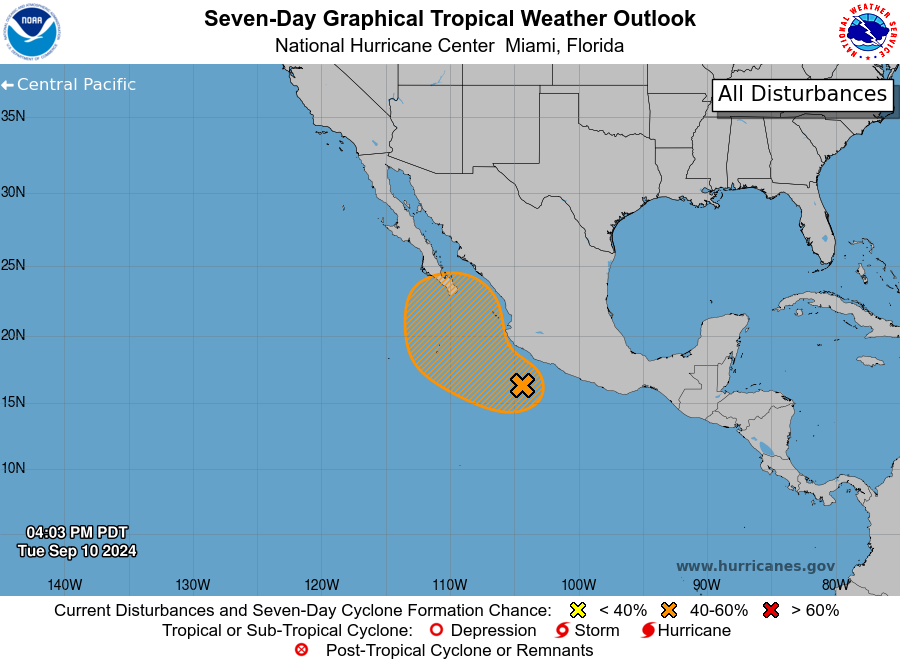
For the eastern North Pacific...east of 140 degrees west longitude:

1. Offshore of Southwestern Mexico: A broad low pressure system is producing a large area of disorganized showers and thunderstorms from the coast of southwestern Mexico extending offshore for several hundred miles. Environmental conditions appear conducive for some gradual development of this system, and a tropical depression could form during the latter part of the week while it moves generally north-northwestward, near the coast of southwestern Mexico and towards the Baja California Peninsula. Regardless of development, heavy rainfall is likely across coastal portions of southwestern and west-central Mexico during the next couple of days.
* Formation chance through 48 hours...medium...40 percent.
* Formation chance through 7 days...medium...60 percent.

Forecaster Hagen